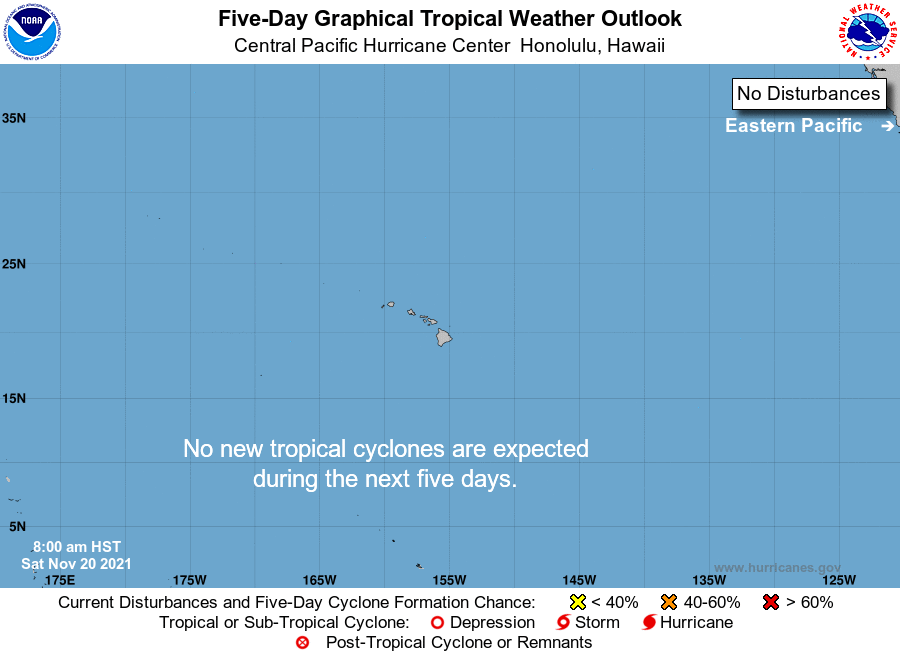
For the central North Pacific...between 140W and 180W:

No tropical cyclones are expected during the next 5 days.

Forecaster TS